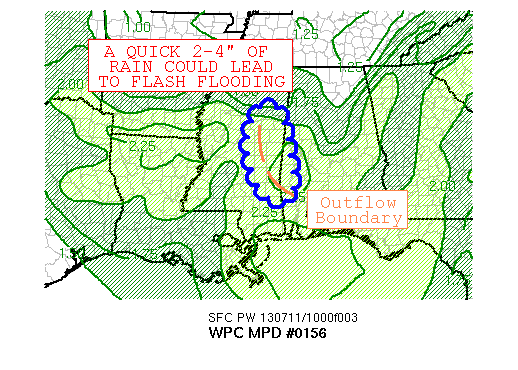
AREAS AFFECTED...PORTIONS OF THE MS/AL BORDER

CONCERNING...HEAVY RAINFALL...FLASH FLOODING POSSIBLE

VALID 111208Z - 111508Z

SUMMARY...CONVECTION IS BEGINNING TO ALIGN ALONG A NORTH-
NORTHWEST/ SOUTH- SOUTHEAST AXIS NEAR THE MS/AL BORDER AND IS
EXPECTED TO PERSIST UNTIL 15Z.  FLASH FLOODING IS POSSIBLE ACROSS
THIS REGION OVER THE NEXT FEW HOURS.

DISCUSSION...AN OUTFLOW BOUNDARY HAS BEEN PUSHING AHEAD OF AN AREA
OF CONVECTION WHICH HAS BEEN DROPPING SOUTH AND WESTWARD FROM
NORTHERN AND CENTRAL ALABAMA OVER THE PAST SEVERAL HOURS.  AS OF
LATE, THE WESTERN END OF THE CONVECTION ACROSS EASTERN MS IS
SHOWING SIGNS OF BACKBUILDING ACROSS NORTHEAST MS, FEEDING OFF AN
AREA OF INSTABILITY WHICH SHOWS UP IN THE 00Z ARW RUN AS AN AREA
OF 2000-3000 J/KG VALUED SURFACE-BASED CAPE.  CORFIDI VECTORS ARE
PARALLEL TO THIS THUNDERSTORM ACTIVITY, INCREASING THE LIKELIHOOD
OF CELL TRAINING.  THE MEAN WIND FLOW IN THE REGION -- IN THE
850-250 LAYER -- IS LIGHT ACROSS EASTERN MS.  INFLOW AT THE 850
HPA LEVEL IS EXPECTED TO BE IN THE 20-25 KNOT RANGE, WHICH IS
LOWER THAN NORMALLY SEEN IN REGIONAL FLASH FLOOD EVENTS.  HOWEVER,
PRECIPITABLE WATER VALUES ARE HIGH -- NEAR 2.25 INCHES -- WHICH
SHOULD LEAD TO HIGH RAINFALL EFFICIENCY.  DIVERGENCE IS PLENTIFUL
AHEAD OF A SHORTWAVE CROSSING THE MISSISSIPPI RIVER AT THIS TIME.
EARLIER THIS MORNING, MESONET OBSERVATIONS INDICATED 1-1.25 INCHES
OF RAIN WAS FALLING PER HOUR, WHICH WOULD EASILY EXCEED GUIDANCE
ACROSS EASTERN MS WHERE CELLS TRAIN FOR 2-3 HOURS, WHICH IS CLOSER
TO 2-2.5 INCHES IN THREE HOURS.  A QUICK 2-4 INCHES OF RAINFALL
COULD LEAD TO FLASH FLOODING IN THIS REGION.